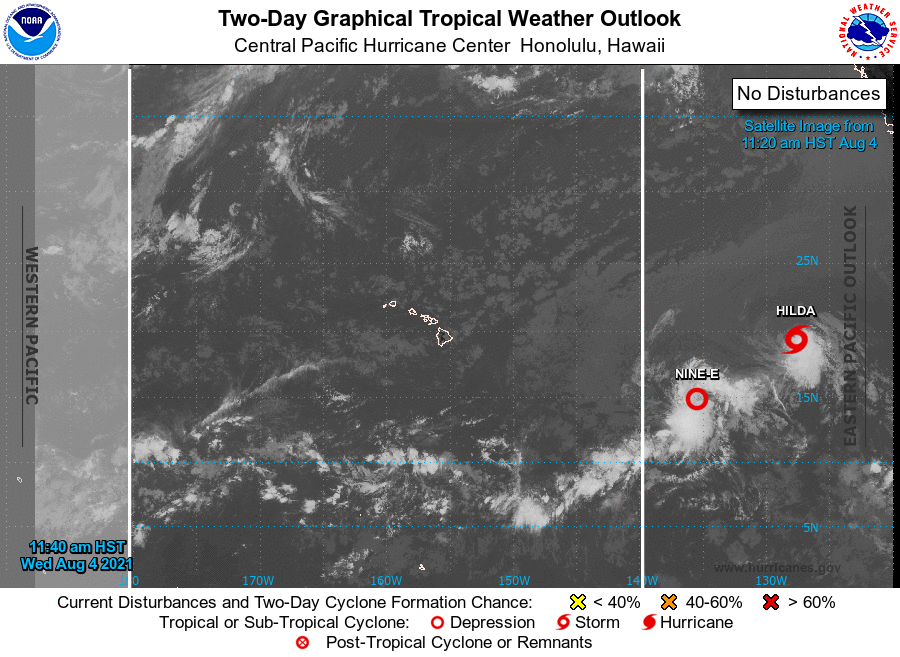
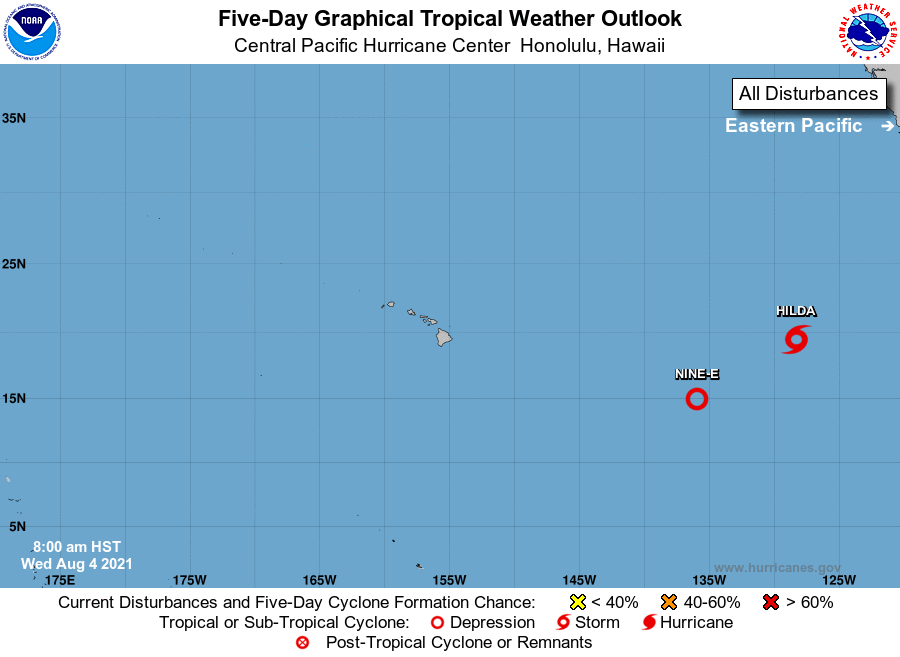
For the central North Pacific...between 140W and 180W:

No tropical cyclones are expected during the next 5 days.

Forecaster Wroe